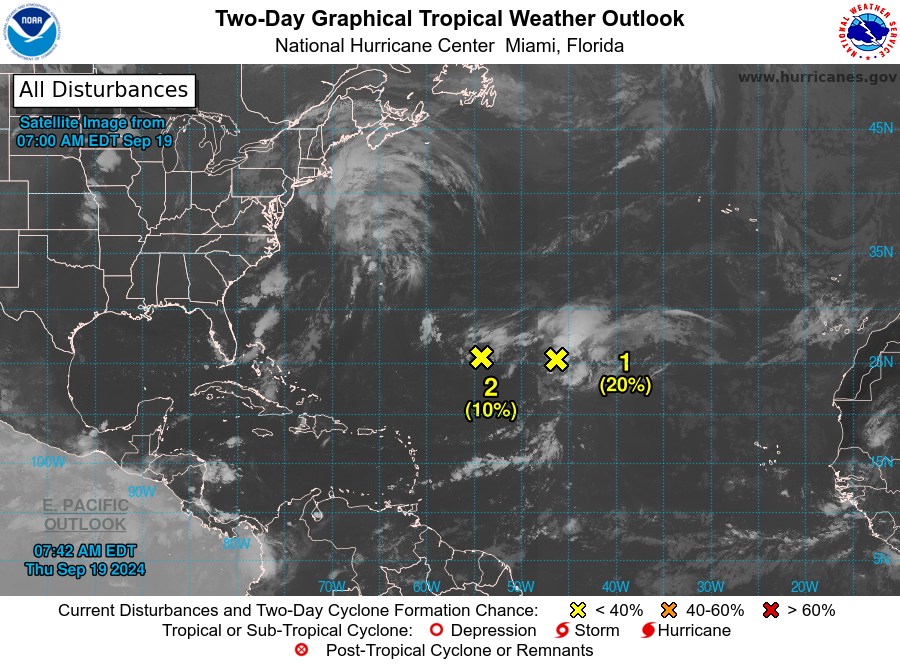
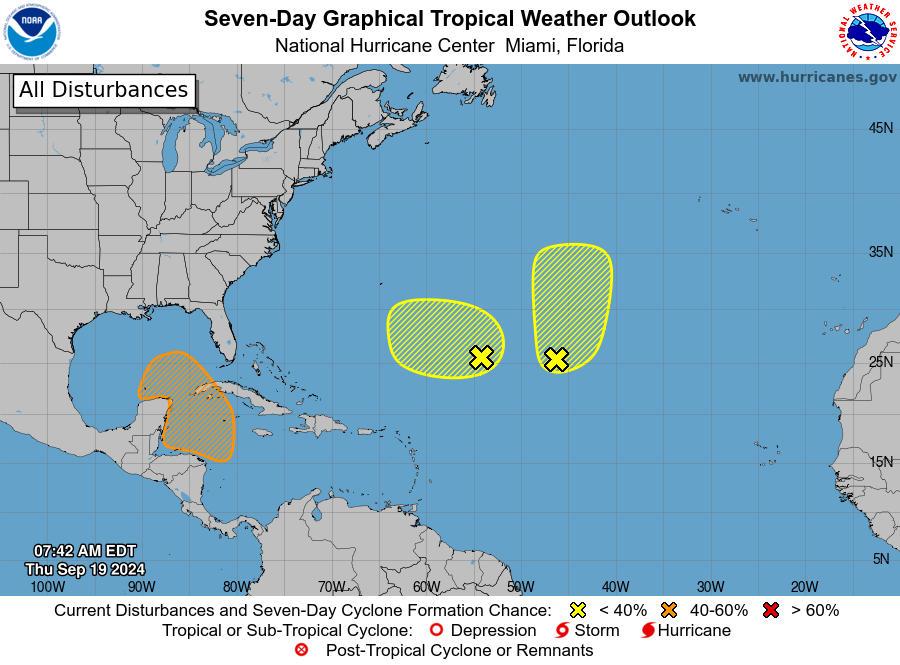
For the North Atlantic...Caribbean Sea and the Gulf of Mexico:

1. Central Subtropical Atlantic (Remnants of Gordon): An area of disorganized showers and thunderstorms located over the central subtropical Atlantic is associated with the remnants of Gordon. Some development of this system is possible while it moves generally northward over the next several days.
* Formation chance through 48 hours...low...20 percent.
* Formation chance through 7 days...low...30 percent.

2. Central and Western Subtropical Atlantic: An area of low pressure located about 750 miles southeast of Bermuda is producing disorganized showers and thunderstorms. Environmental conditions appear only marginally conducive, but some development of this system is possible while it meanders over the open waters of the central or western Subtropical Atlantic though early next week.
* Formation chance through 48 hours...low...10 percent.
* Formation chance through 7 days...low...20 percent.

3. Northwestern Caribbean Sea and Southeastern Gulf of Mexico: A broad area of low pressure could form by early next week over the western and northwestern Caribbean Sea. Thereafter, gradual development of this system is possible, and a tropical depression could form as the system moves slowly to the north or northwest over the northwestern Caribbean Sea and into the southern Gulf of Mexico through the middle part of next week.
* Formation chance through 48 hours...low...near 0 percent.
* Formation chance through 7 days...medium...40 percent.

Forecaster Pasch